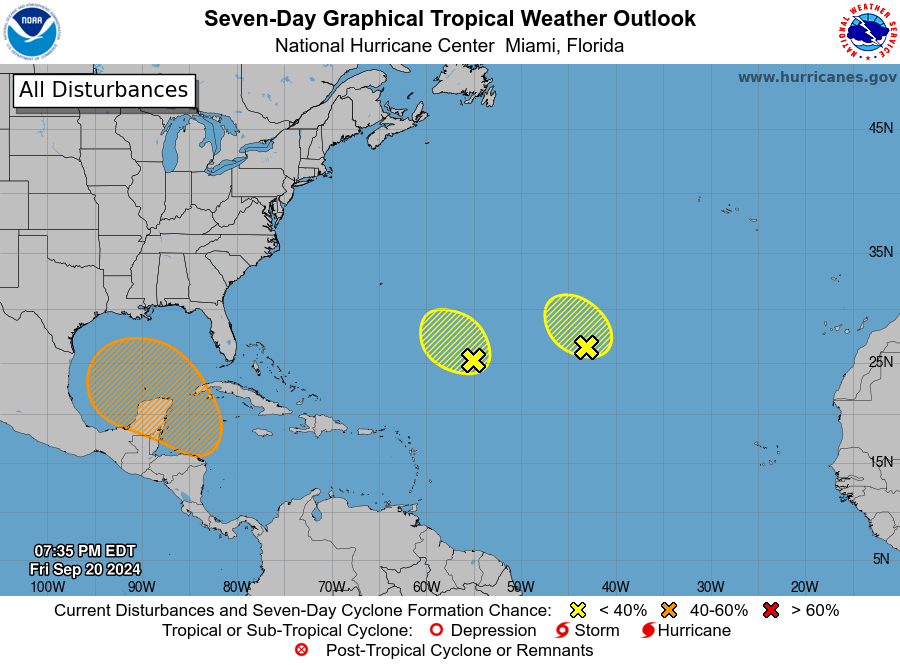
For the North Atlantic...Caribbean Sea and the Gulf of Mexico:

1. Central Subtropical Atlantic (Remnants of Gordon): Strong upper-level winds are keeping showers and thunderstorms displaced away from the center of an area of low pressure (the remnants of Gordon) located over a thousand miles southwest of the Azores. Significant development of this system is not expected while it meanders over the central subtropical Atlantic during the next couple of days.
* Formation chance through 48 hours...low...10 percent.
* Formation chance through 7 days...low...10 percent.

2. Central and Western Subtropical Atlantic (AL96): An area of low pressure located about 675 miles northeast of the northern Leeward Islands is producing disorganized showers and a few thunderstorms. Environmental conditions do not appear conducive for significant development of this system during the next couple of days while it drifts northwestward at about 5 mph over the central or western subtropical Atlantic.
* Formation chance through 48 hours...low...10 percent.
* Formation chance through 7 days...low...10 percent.

3. Northwestern Caribbean Sea and Southern Gulf of Mexico: A broad area of low pressure could form by the early to middle part of next week over the northwestern Caribbean Sea. Thereafter, gradual development of this system is possible, and a tropical depression could form as the system moves slowly to the north or northwest over the northwestern Caribbean Sea and into the southern Gulf of Mexico through the end of next week.
* Formation chance through 48 hours...low...near 0 percent.
* Formation chance through 7 days...medium...60 percent.

Forecaster Beven